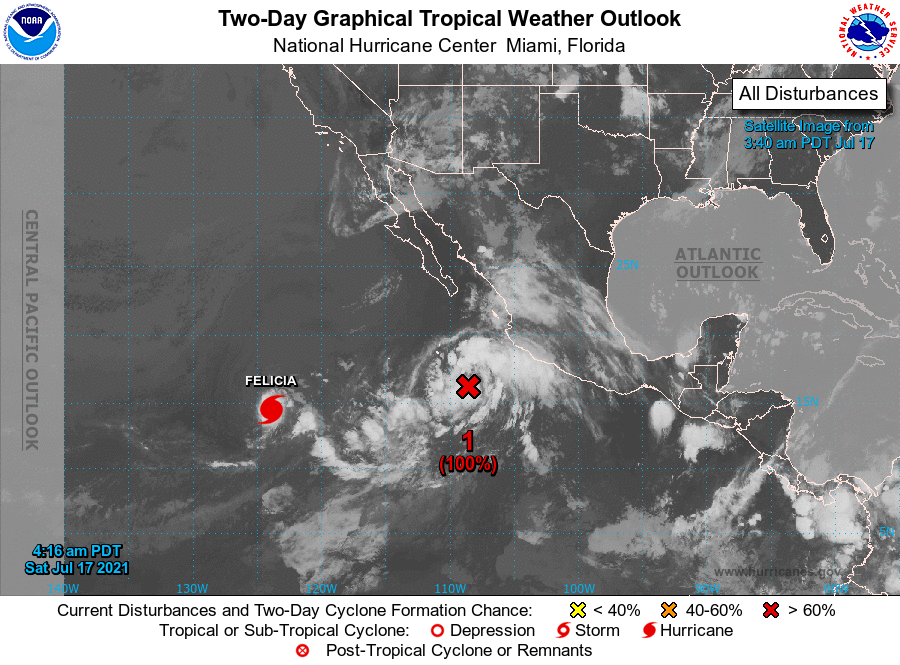
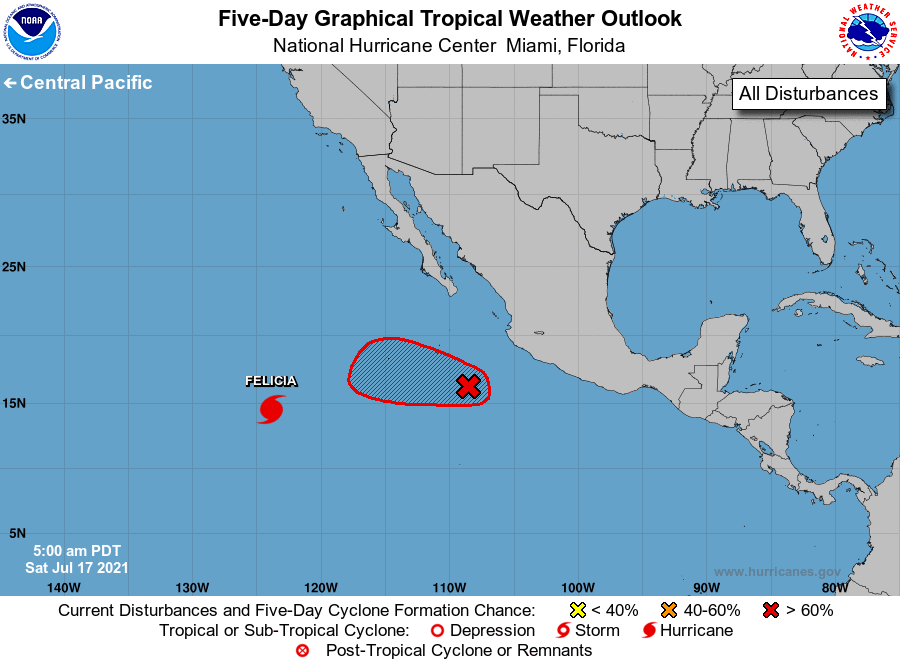
For the eastern North Pacific...east of 140 degrees west longitude:

The National Hurricane Center is issuing advisories on Hurricane Felicia, located about 1100 miles west-southwest of the southern tip of the Baja California peninsula.

1. Showers and thunderstorms associated with a large low pressure system located a few hundred miles southwest of the coast of southwestern Mexico have continued to become better organized over the past several hours, and a tropical depression is likely forming. Tropical cyclone advisories will be initiated on this system later this morning if the recent development trend continues. Environmental conditions are expected to be conducive for additional organization over the next several days while the low moves west-northwestward to westward at around 15 mph, a few hundred miles offshore of the southwestern coast of Mexico.
* Formation chance through 48 hours...high...near 100 percent.
* Formation chance through 5 days...high...near 100 percent.

Forecaster Stewart